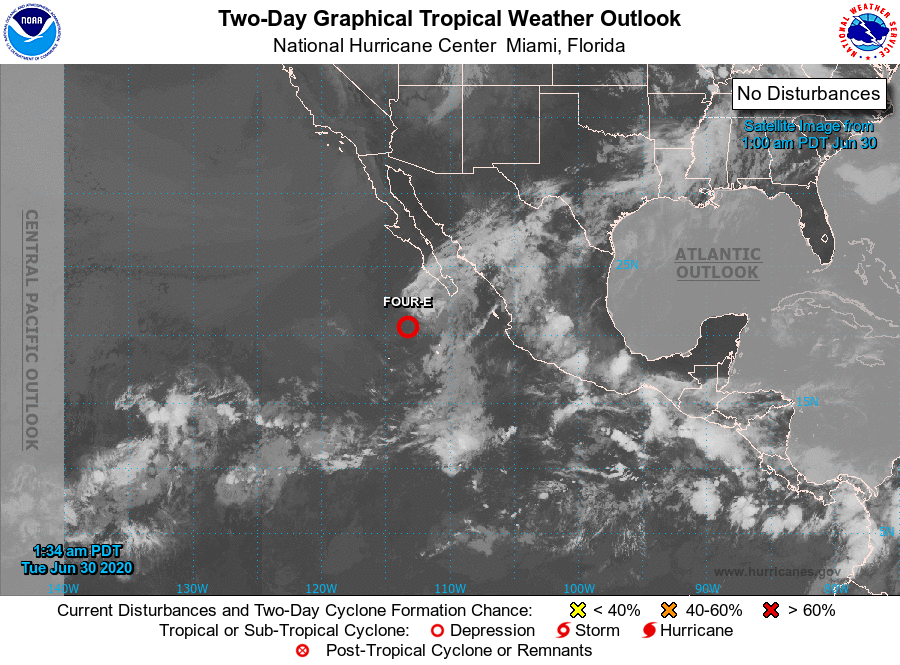
For the eastern North Pacific...east of 140 degrees west longitude:

The National Hurricane Center is issuing advisories on Tropical Depression Four-E, located a little more than 200 miles southwest of the southern tip of the Baja California peninsula.

1. An area of low pressure is forecast to form a few hundred miles south of the coast of Mexico later this week. Gradual development of the system will be possible by the weekend while it moves west-northwestward at 10 to 15 mph well south of Mexico.
* Formation chance through 48 hours...low...near 0 percent.
* Formation chance through 5 days...low...20 percent.

Public Advisories on Tropical Depression Four-E are issued under WMO header WTPZ34 KNHC and under AWIPS header MIATCPEP4. Forecast/Advisories on Tropical Depression Four-E are issued under WMO header WTPZ24 KNHC and under AWIPS header MIATCMEP4.

Forecaster Zelinsky